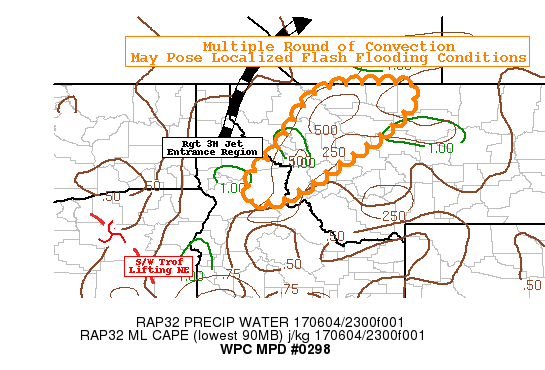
AREAS AFFECTED...WESTERN MT...NORTH CENTRAL ID

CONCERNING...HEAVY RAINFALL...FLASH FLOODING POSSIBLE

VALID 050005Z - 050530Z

SUMMARY...EXPANDING CONVECTION MOVING INTO BETTER ENVIRONMENT FOR
RAINFALL PRODUCTION CURRENTLY...WITH SOME ISOLATED TRAINING
ONGOING.  MAIN HEIGHT FALLS WILL ARRIVE TO THE AREA NEAR 03Z AND
PROVIDE AN ADDITIONAL ROUND OF MODERATE TO HVY RAINFALL.

DISCUSSION...GOES-16 EXPERIMENTAL MESO VISIBLE IMAGERY INDICATES A
RECENT UPTICK IN CONVECTIVE VIGOR ACROSS SW MISSOULA TO N LEWIS
AND CLARK COUNTY MT CONVERGENCE LINE LIFTS NORTHWARD INTO SLIGHTLY
BETTER ENVIRONMENTAL CONDITIONS FOR CONVECTIVE GROWTH - MLCAPES TO
1000 J/KG AND RAINFALL EFFICIENCY -SFC TDS IN UPPER 40S TO MID 50S
WITH TPWS NEARING 1" SUPPORTING RAIN RATES AS HIGH AS 1"/HR.
BROAD ANTICYCLONIC CURVATURE NOTED IN WV OVER THE AREA IS
INDICATIVE OF SOME UPPER LEVEL DIVERGENCE AS WELL TO HELP MAINTAIN
THE CONVECTION. RECENT MSX RADAR AND GOES-16 VISIBLE IMAGERY ALSO
DEPICTS SOME ALIGNMENT OF CONVECTIVE CORES FOR SOME SHORT-TERM
TRAINING.  LIMITING FACTORS DO REMAIN MAINLY IN FORWARD
PROPAGATION OF THE CELLS TO THE NNE...AT 30KTS PLUS CELL MOTIONS
OF 30KTS AS WELL...SHOULD LIMIT DURATION OF RAINFALL AND TOTALS
LIKELY AT OR JUST BELOW 1" MAX. ANOTHER LIMITING FACTOR IS
SUB-CLOUD EVAPORATION AS TDD ARE MODEST PER 18Z TFX SOUNDING WITH
LIMITED MST FLUX TO MOISTEN IT...THOUGH LOWER LEVEL MOISTURE
PROFILES ARE A BIT BETTER WITH 850-700 LAYERED CIRA TPW SHOWING A
MAXIMUM CORRIDOR OVER N ID INTO NW MT.

A SECOND ROUND OF UPSTREAM FORCING (DENOTED BY EXPANDING
CONVECTION OVER SW ID LIFTING NE IS EXPECTED AROUND 03Z AS THE
SHORTWAVE APPROACHES. GOES-WV LOOP SHOWS THE WAVE IS NARROWING IN
WAVELENGTH AS WELL AS THE BASE IS SWINGING MORE NEGATIVE TILT WITH
TIME SUPPORTING INCREASED CAA ALOFT AND STRONG DPVA FOR STRONG
LARGE SCALE ASCENT.  THIS COMBINED WITH LIFTING JET AXIS LEAVING W
MT IN THE RIGHT ENTRANCE OF 3H JET AS WELL FURTHER. RAP ALSO
SUGGESTS SOME INSTABILITY WILL REMAIN MAINLY ON THE EASTER SIDE OF
THE HIGHLIGHTED MPD AREA FOR THIS SECONDARY ROUND.  GIVEN FIRST
BATCH/CLUSTERS WILL MOISTEN THE LOWER LEVELS THROUGH THE
EVAPORATIVE PROCESS...RAINFALL RATES UP TO .5"-.75"/HR POSE SOME
LOCAL RUNOFF ISSUES (PARTICULARLY IN COMPLEX TERRAIN).

THIS SCENARIO IS SUPPORTED BY RECENT HRRR AND ESRL HRRR V.3 RUNS
WITH SOME SUGGESTION OF NEIGHBORHOOD PROBABILITY OF EXCEEDING FFG
VALUES IN THE 50% RANGE...WHICH IS A GOOD PROXY FOR MODERATE
CONFIDENCE IN LOCALIZED FLASH FLOODING CONDITIONS OCCURRING.